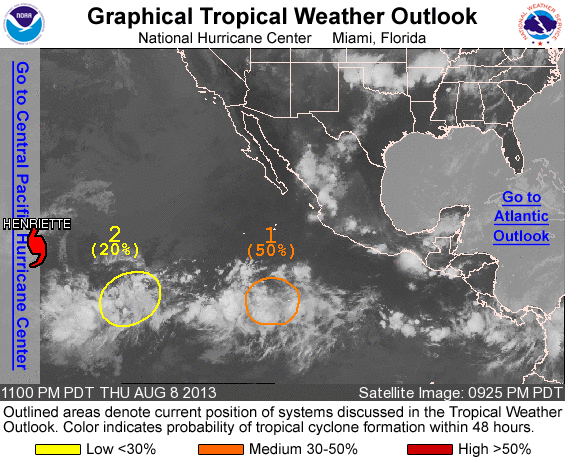
FOR THE EASTERN NORTH PACIFIC...EAST OF 140 DEGREES WEST LONGITUDE..

THE NATIONAL HURRICANE CENTER HAS ISSUED ITS LAST ADVISORY ON HURRICANE HENRIETTE...LOCATED WELL TO THE EAST OF THE HAWAIIAN ISLANDS. FUTURE ADVISORIES ON HENRIETTE WILL BE ISSUED BY THE CENTRAL PACIFIC HURRICANE CENTER.

1. SHOWERS AND THUNDERSTORMS ASSOCIATED WITH A WEAK AREA OF LOW PRESSURE LOCATED ABOUT 700 MILES SOUTHWEST OF MANZANILLO MEXICO REMAIN DISORGANIZED. HOWEVER...ENVIRONMENTAL CONDITIONS APPEAR CONDUCIVE FOR SOME DEVELOPMENT OF THIS DISTURBANCE OVER THE NEXT FEW DAYS AS IT MOVES WESTWARD AT 10 TO 15 MPH. THIS SYSTEM HAS A MEDIUM CHANCE...50 PERCENT...OF BECOMING A TROPICAL CYCLONE DURING THE NEXT 48 HOURS AND A HIGH CHANCE...70 PERCENT...OF BECOMING A TROPICAL CYCLONE DURING THE NEXT 5 DAYS.

2. A LOW PRESSURE TROUGH LOCATED ABOUT 1600 MILES SOUTHWEST OF THE SOUTHERN TIP OF BAJA CALIFORNIA CONTINUES TO PRODUCE DISORGANIZED SHOWERS AND THUNDERSTORMS. ENVIRONMENTAL CONDITIONS ARE EXPECTED TO BE MARGINALLY CONDUCIVE FOR GRADUAL DEVELOPMENT OF THIS SYSTEM DURING THE NEXT FEW DAYS. THIS SYSTEM HAS A LOW CHANCE...20 PERCENT...OF BECOMING A TROPICAL CYCLONE DURING THE NEXT 48 HOURS...AND A MEDIUM CHANCE...30 PERCENT...OF BECOMING A TROPICAL CYCLONE DURING THE NEXT 5 DAYS AS IT MOVES WESTWARD AROUND 10 MPH.

PUBLIC ADVISORIES ON HENRIETTE WILL BE ISSUED UNDER WMO HEADER WTPA33 PHFO AND UNDER AWIPS HEADER HFOTCPCP3. FORECAST/ADVISORIES ON HENRIETTE WILL BE ISSUED UNDER WMO HEADER WTPA23 PHFO AND UNDER AWIPS HEADER HFOTCMCP3.

FIVE-DAY FORMATION PROBABILITIES ARE EXPERIMENTAL IN 2013. COMMENTS ON THE EXPERIMENTAL FORECASTS CAN BE PROVIDED AT...

HTTP://WWW.NWS.NOAA.GOV/SURVEY/NWS-SURVEY.PHP?CODE=ETWO

FORECASTER BRENNAN